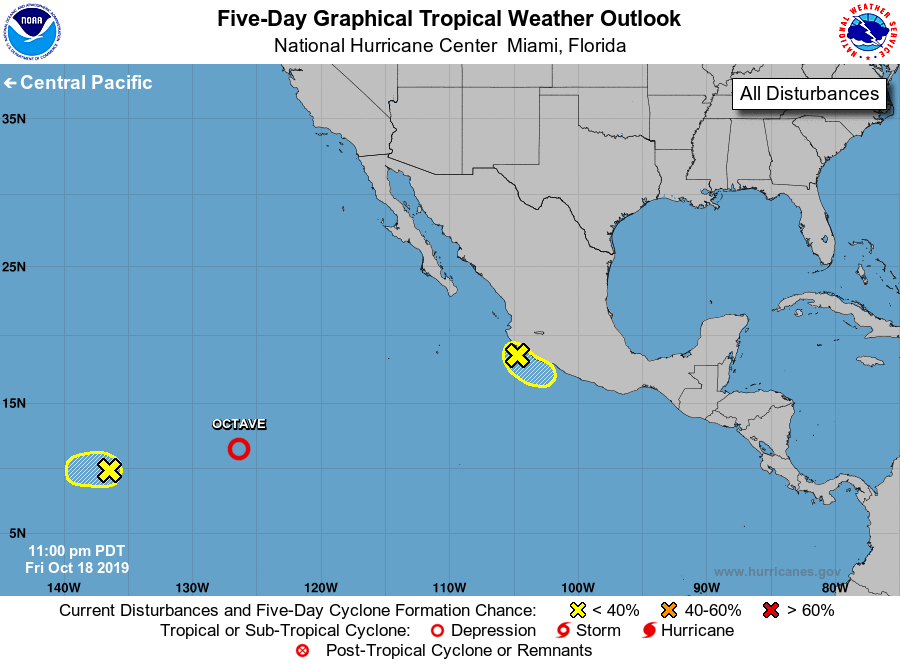
For the eastern North Pacific...east of 140 degrees west longitude:

The National Hurricane Center is issuing advisories on Tropical Storm Octave, located over the southwestern portion of the eastern Pacific basin.

1. A large area of disorganized showers and thunderstorms is located near the west-central coast of Mexico. A weak low pressure system is expected to develop near the coast by Saturday night and some slight development is possible before the system moves inland and dissipates by late Sunday. Regardless of development, heavy rainfall associated with this disturbance could produce flash flooding and mudslides across portions of Michoacan, Colima, and Jalisco, especially in areas of mountainous terrain, during the next few days.
* Formation chance through 48 hours...low...30 percent.
* Formation chance through 5 days...low...30 percent.

2. A small low pressure system located over the far southwestern portion of the East Pacific basin is producing limited shower and thunderstorm activity. Development, if any, will be slow to occur while the system drifts westward.
* Formation chance through 48 hours...low...10 percent.
* Formation chance through 5 days...low...10 percent.

Forecaster Latto